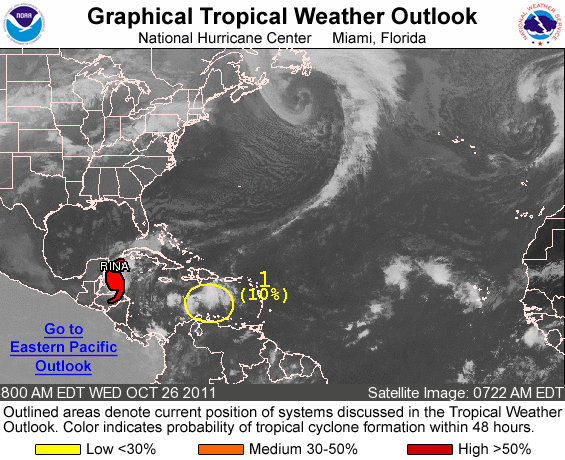
FOR THE NORTH ATLANTIC...CARIBBEAN SEA AND THE GULF OF MEXICO...

THE NATIONAL HURRICANE CENTER IS ISSUING ADVISORIES ON HURRICANE RINA...LOCATED ABOUT 230 MILES SOUTH-SOUTHEAST OF COZUMEL MEXICO.

1. A SURFACE TROUGH LOCATED OVER THE CENTRAL CARIBBEAN SEA IS PRODUCING DISORGANIZED CLOUDINESS AND SHOWERS. DEVELOPMENT OF THIS SYSTEM...IF ANY...SHOULD BE SLOW TO OCCUR. THIS SYSTEM HAS A LOW CHANCE...10 PERCENT...OF BECOMING A TROPICAL CYCLONE DURING THE NEXT 48 HOURS AS IT MOVES WESTWARD AT 10 TO 15 MPH.

ELSEWHERE...TROPICAL CYCLONE FORMATION IS NOT EXPECTED DURING THE NEXT 48 HOURS.

FORECASTER BLAKE